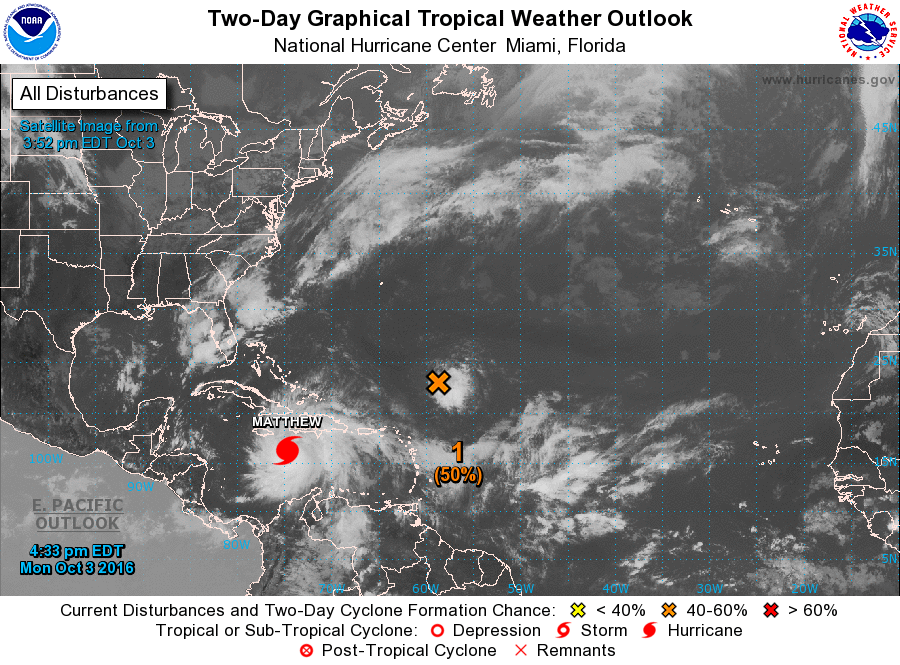
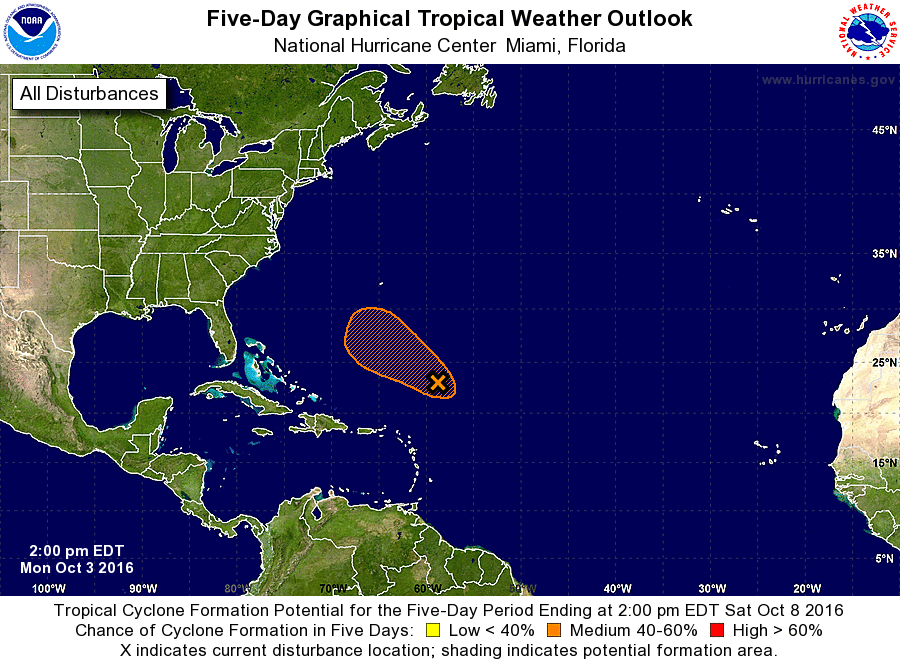
For the North Atlantic...Caribbean Sea and the Gulf of Mexico:

The National Hurricane Center is issuing advisories on Hurricane Matthew, located over the central Caribbean Sea to the southwest of Haiti.

1. A broad area of low pressure located about 400 miles north-northeast of the northern Leeward Islands continues to produce disorganized showers and thunderstorms. Some development of this low is possible during the next couple of days before upper-level winds become unfavorable for development. This system is expected to move west-northwestward to northwestward at 10 to 15 mph during the next few days.
* Formation chance through 48 hours...medium...50 percent
* Formation chance through 5 days...medium...50 percent

Forecaster Pasch